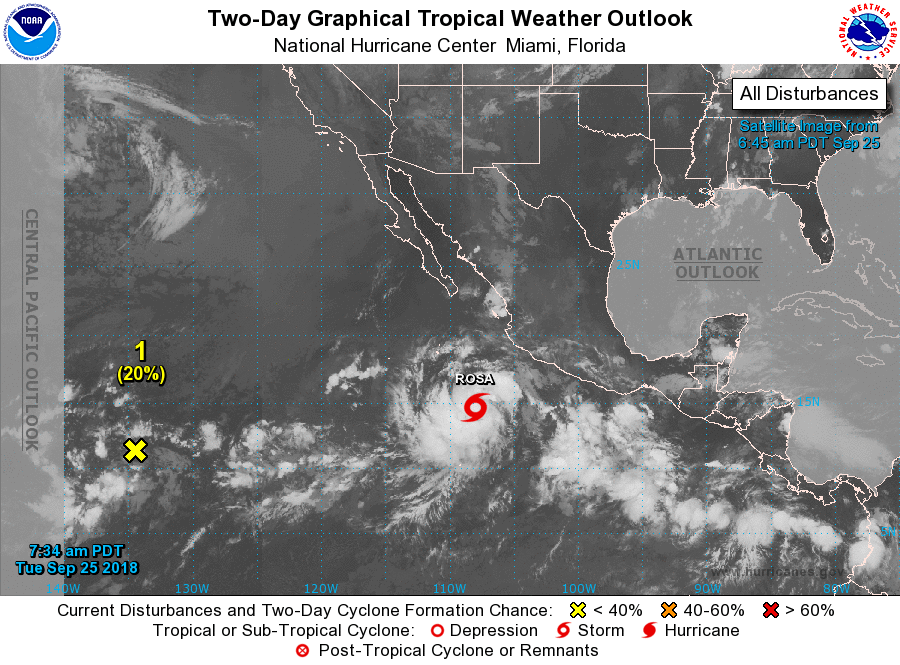
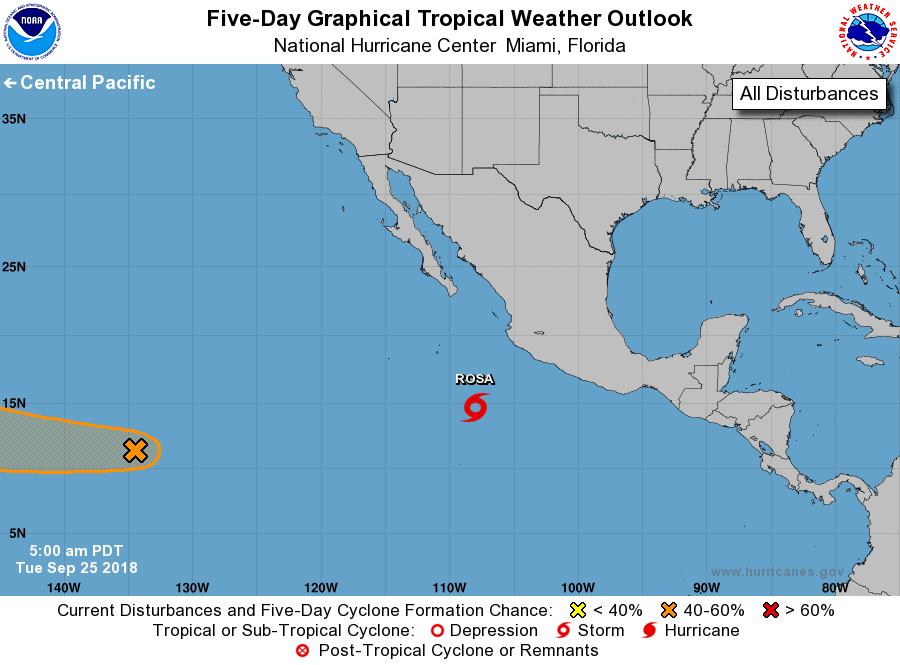
For the eastern North Pacific...east of 140 degrees west longitude:

The National Hurricane Center is issuing advisories on newly formed Tropical Depression Twenty-E, located several hundred miles south-southwest of Manzanillo, Mexico.

1. A trough of low pressure located a little over 1400 miles east-southeast of Hilo, Hawaii, is producing disorganized shower activity. Some gradual development of this system is possible through the end of the week while it moves westward into the central Pacific.
* Formation chance through 48 hours...low...20 percent.
* Formation chance through 5 days...medium...50 percent.

Public Advisories on Tropical Depression Twenty-E are issued under WMO header WTPZ35 KNHC and under AWIPS header MIATCPEP5. Forecast/Advisories on Tropical Depression Twenty-E are issued under WMO header WTPZ25 KNHC and under AWIPS header MIATCMEP5.

Forecaster Roberts